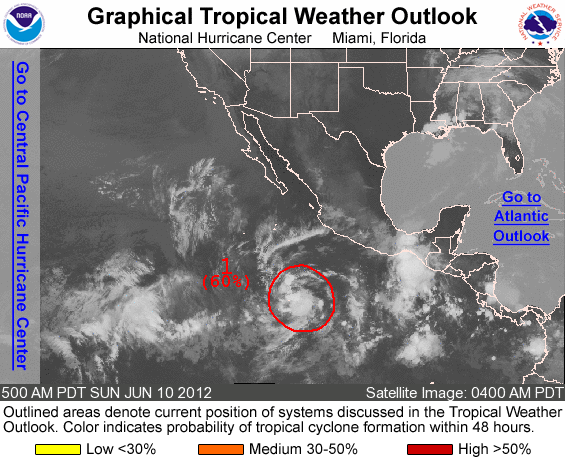
FOR THE EASTERN NORTH PACIFIC...EAST OF 140 DEGREES WEST LONGITUDE..

1. CLOUDINESS AND SHOWERS ASSOCIATED WITH THE LOW PRESSURE AREA LOCATED ABOUT 650 MILES SOUTH-SOUTHWEST OF MANZANILLO MEXICO CONTINUE TO SHOW SIGNS OF ORGANIZATION. UPPER-LEVEL WINDS ARE CURRENTLY CONDUCIVE FOR ADDITIONAL DEVELOPMENT...AND A TROPICAL DEPRESSION COULD FORM DURING THE NEXT DAY OR SO AS THE SYSTEM MOVES WESTWARD AT ABOUT 10 MPH. THIS SYSTEM HAS A HIGH CHANCE...60 PERCENT...OF BECOMING A TROPICAL CYCLONE DURING THE NEXT 48 HOURS.

ELSEWHERE...TROPICAL CYCLONE FORMATION IS NOT EXPECTED DURING THE NEXT 48 HOURS.

FORECASTER PASCH